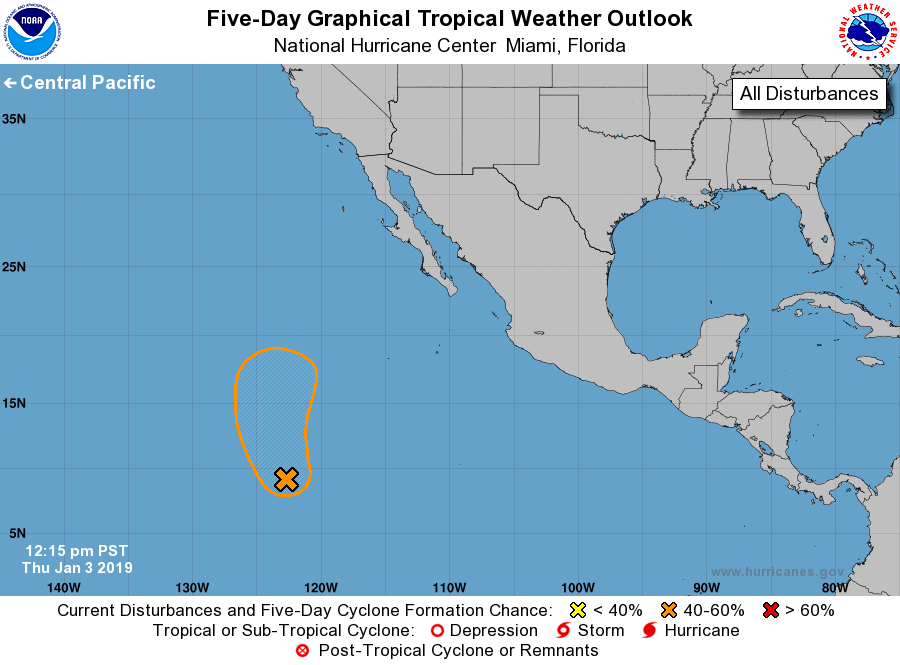
For the eastern North Pacific...east of 140 degrees west longitude:

1. A large area of disturbed weather associated with a broad area of low pressure has formed about 1300 miles southwest of the southern tip of the Baja California peninsula. The low is forecast to move slowly northward over the next few days and could acquire some tropical or subtropical characteristics during that time. Environmental conditions are expected to become unfavorable for further development by early next week. Regardless of tropical or subtropical cyclone development, the low will likely produce gale-force winds over the weekend. Additional information on this system can be found in High Seas Forecasts issued by the National Weather Service. The next Special Tropical Weather Outlook on this system will be issued by 11 AM PST Friday, or earlier, if necessary.
* Formation chance through 48 hours...low...30 percent.
* Formation chance through 5 days...medium...50 percent.

High Seas Forecasts are issued by the National Weather Service under AWIPS header NFDHSFEPI, WMO header FZPN02 KWBC, and are available on the web at https://ocean.weather.gov/shtml/NFDHSFEPI.shtml.

Forecaster Zelinsky